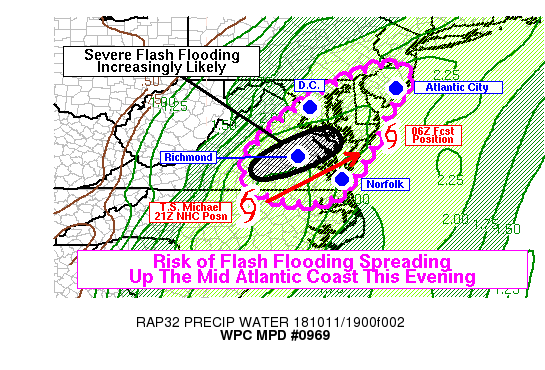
Areas affected...Eastern Virginia and the Coastal Mid-Atlantic

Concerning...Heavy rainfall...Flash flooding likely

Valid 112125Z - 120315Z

Summary...Tropical Storm Michael will move northeast from the
Triangle Region of North Carolina to just off the Delmarva
Peninsula this evening, spreading a risk of flash flooding up the
Mid-Atlantic Coast. Bands of heavy rainfall are likely to lead to
flash flooding, particularly where they intersect urban areas.
Additionally, severe, life-threatening flash flooding is
increasingly likely over south-central and east-central Virginia,
from the Farmville, to Richmond, to Northern Neck area where rain
rates may reach 3 in/hr in a strong tropical rain band.

Discussion...As of 21Z, regional radars continued to show a very
strong rain band situated to the north of the center of Tropical
Storm Michael, generally over south-central Virginia. MRMS and
KRAX/KAKQ dual pol estimates have occasionally reached as high as
3 in/hr rain rates with this band, that was being focused by
increasing low-level convergence. Although this was most evident
in the position of the rain band on the nose of a 50+ knot 850mb
jet (per KAKQ VWP), it was also beginning to manifest in the
surface observations. Locations to the northwest had cooled
several degrees in the past couple hours and were showing a
northerly component to their winds. Meanwhile, the inflow region
over SE VA and NE NC still had dewpoints over 70 degrees with
southeasterly winds. The increasing convergence and frontogenesis
should continue to focus a significant rain band into the early
evening hours just north of the projected path of Michael's
center. This left-of-track rainfall pattern is consistent with
conceptual models of a tropical cyclone interacting with an
approaching front in this way.

Multiple GPS-PW observations in the southeast quadrant of Virginia
were around 2.5 inches, and thus the supply of deep tropical
moisture should also be able to sustain significant rain rates,
exceeding 2 in/hr in many spots and reaching 3-4 in/hr in some
localized areas. This will likely lead to fairly widespread flash
flooding wherever the focused rain band traverses, but is also
high enough to potentially lead to more severe, life-threatening
flash flooding. Numerous roads in the impacted area are likely to
be flooded or impassible. Rain rates approaching 3 in/hr would be
almost certain to generate flash flooding in urban areas.
Additionally, the 18Z HREF blended mean shows 6-hr rainfall totals
of 5-7 inches associated with this rain band, and most individual
hi-res models show these type of amounts. Those totals would have
less than a 1 percent annual exceedance probability, a good proxy
for the potential for a significant event, and given the agreement
in the hi-res models it seems that more significant flash flooding
is increasingly likely in the aforementioned corridor.

Elsewhere, along and south of the track of Michael, the tail end
of some inflow rain bands should sweep through the eastern portion
of the NC-VA border region, affecting the Norfolk and Hampton
Roads regions. These bands should be more progressive and are less
likely to linger in any one spot, but the instantaneous rain rates
are likely to be high given the unstable air mass with deep
tropical moisture. Therefore, flash flooding cannot be ruled out.
Further north, a front was just beginning to take shape near or
just southeast of the I-95 corridor, and convection was developing
up the front toward southern Maryland and the D.C. Metro Area.
Additional convective rain bands are likely to develop into the
Delmarva Peninsula and perhaps up into southern New Jersey into
the evening, with an increasing threat of flash flooding as the
stronger forcing associated with Michael's core circulation draws
nearer. Therefore, the threat of flash flooding should spread up
the coast, particularly in the 00-03Z time frame when the primary
left-of-track rain band may begin to reach the Delmarva Peninsula.